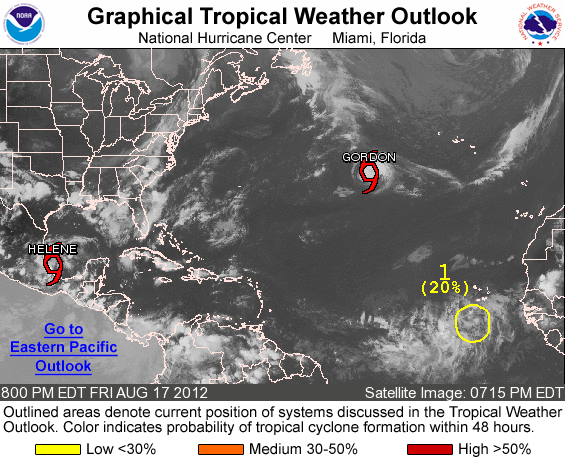
FOR THE NORTH ATLANTIC...CARIBBEAN SEA AND THE GULF OF MEXICO...

THE NATIONAL HURRICANE CENTER IS ISSUING ADVISORIES ON TROPICAL STORM GORDON...LOCATED OVER THE CENTRAL ATLANTIC OCEAN SEVERAL HUNDRED MILES WEST OF THE AZORES...AND ON NEWLY FORMED TROPICAL STORM HELENE LOCATED IN THE SOUTHWESTERN GULF OF MEXICO.

1. AN AREA OF DISTURBED WEATHER ASSOCIATED WITH A TROPICAL WAVE IS LOCATED WELL SOUTH OF THE CAPE VERDE ISLANDS. SOME SLOW DEVELOPMENT IS POSSIBLE DURING THE NEXT FEW DAYS AS THIS SYSTEM MOVES TOWARD THE WEST AT 15 TO 20 MPH. THIS SYSTEM HAS A LOW CHANCE...20 PERCENT...OF BECOMING A TROPICAL CYCLONE DURING THE NEXT 48 HOURS.

ELSEWHERE...TROPICAL CYCLONE FORMATION IS NOT EXPECTED DURING THE NEXT 48 HOURS.

&&
PUBLIC ADVISORIES ON TROPICAL STORM HELENE ARE ISSUED UNDER WMO HEADER WTNT32 KNHC AND UNDER AWIPS HEADER MIATCPAT2. FORECAST/ADVISORIES ARE ISSUED UNDER WMO HEADER WTNT22 KNHC AND UNDER AWIPS HEADER MIATCMAT2.

FORECASTER AVILA